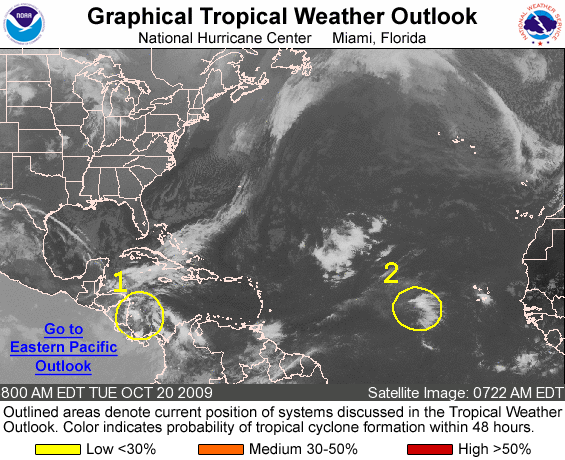
FOR THE NORTH ATLANTIC...CARIBBEAN SEA AND THE GULF OF MEXICO...

1. A BROAD AREA OF LOW PRESSURE OVER THE SOUTHWESTERN CARIBBEAN SEA IS PRODUCING A LARGE AREA OF CLOUDINESS AND THUNDERSTORMS. THIS SYSTEM HAS THE POTENTIAL FOR SLOW DEVELOPMENT AS IT DRIFTS NORTHWARD DURING THE NEXT FEW DAYS. THERE IS A LOW CHANCE...LESS THAN 30 PERCENT...OF THIS SYSTEM BECOMING A TROPICAL CYCLONE DURING THE NEXT 48 HOURS.

2. DISORGANIZED SHOWERS AND THUNDERSTORMS ABOUT 750 MILES WEST- SOUTHWEST OF THE SOUTHERN CAPE VERDE ISLANDS ARE ASSOCIATED WITH A WESTWARD MOVING TROPICAL WAVE. UPPER-LEVEL WINDS ARE NOT FAVORABLE FOR DEVELOPMENT. THERE IS A LOW CHANCE...LESS THAN 30 PERCENT...OF THIS SYSTEM BECOMING A TROPICAL CYCLONE DURING THE NEXT 48 HOURS.

ELSEWHERE...TROPICAL CYCLONE FORMATION IS NOT EXPECTED DURING THE NEXT 48 HOURS.

FORECASTER AVILA